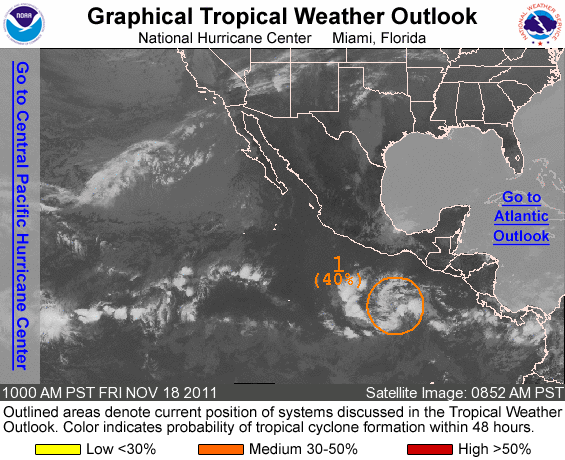
FOR THE EASTERN NORTH PACIFIC...EAST OF 140 DEGREES WEST LONGITUDE..

1. SHOWERS AND THUNDERSTORMS NEAR THE CENTER OF A LOW PRESSURE SYSTEM LOCATED ABOUT 475 MILES SOUTH OF THE GULF OF TEHUANTEPEC HAVE DECREASED OVER THE PAST FEW HOURS. HOWEVER...ENVIRONMENTAL CONDITIONS ARE EXPECTED TO BECOME A LITTLE MORE CONDUCIVE FOR THE LOW TO BECOME A TROPICAL DEPRESSION AS IT MOVES WEST TO WEST- NORTHWESTWARD AT 10 TO 15 MPH OVER THE NEXT COUPLE OF DAYS. THIS SYSTEM HAS A MEDIUM CHANCE...40 PERCENT...OF BECOMING A TROPICAL CYCLONE DURING THE NEXT 48 HOURS.

ELSEWHERE...TROPICAL CYCLONE FORMATION IS NOT EXPECTED DURING THE NEXT 48 HOURS.

FORECASTER BERG